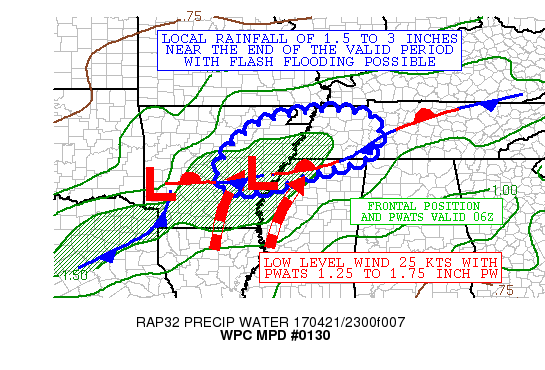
AREAS AFFECTED...EAST CENTRAL AND NORTHEAST AR...EXTREME SE
MO...NORTHERN MS...WESTERN TN

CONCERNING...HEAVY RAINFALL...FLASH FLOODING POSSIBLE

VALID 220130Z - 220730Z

SUMMARY...THUNDERSTORMS ARE EXPECTED TO DEVELOP ACROSS EAST
CENTRAL AND NORTHEAST AR DURING THE NEXT COUPLE HOURS AND MOVE
EAST-NORTHEAST INTO EXTREME SE MO AND NORTHERN MS AND WESTERN TN
THROUGH THIS EVENING AND EARLY SAT MORNING. THESE STORMS WILL
LIKELY PRODUCE LOCAL RAINFALL OF 1.5 TO 3 INCHES WITH FLASH
FLOODING POSSIBLE.

DISCUSSION...THUNDERSTORMS ARE EXPECTED TO DEVELOP OVER THE
EASTERN PORTION OF AR DURING THE NEXT SEVERAL HOURS...AS LOW LEVEL
SOUTHERLY WINDS OF 25 KTS ADVECT VERY MOIST AIR NORTHWARD ACROSS A
STATIONARY FRONTAL BOUNDARY. PRECIPITABLE WATER SHOULD INCREASE TO
1.50-1.75 INCHES AS A RESULT. THE ENVIRONMENT IS ONLY MODESTLY
UNSTABLE WITH MUCAPE 500 TO 1000 J/KG WITH HIGHER CAPE TO THE
SOUTHWEST. HOWEVER THE APPROACHING UPPER TROUGH AND 110 KT JET
STREAK WILL HELP PROMOTE UPPER LEVEL DIFFLUENCE AND INCREASE
RAINFALL EFFICIENCY.

HOURLY RAIN RATES OF 1.0 TO 1.5 INCHES LOOK LIKELY AS THE
THUNDERSTORMS DEVELOP...WITH LOCAL RAINFALL ACCUMULATIONS OF 1.5
TO 3 INCHES POSSIBLE TOWARD 08-09Z. WITH 3 HOUR FLASH FLOOD
GUIDANCE GENERALLY 2 TO 3 INCHES IN THE AREA...LOCAL FLASH
FLOODING IS POSSIBLE.